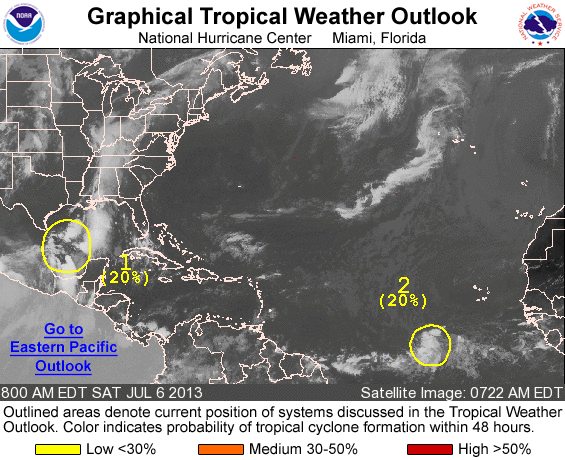
FOR THE NORTH ATLANTIC...CARIBBEAN SEA AND THE GULF OF MEXICO...

1. A SURFACE TROUGH OF LOW PRESSURE IS PRODUCING SHOWERS AND THUNDERSTORMS OVER PORTIONS OF THE WESTERN AND CENTRAL GULF OF MEXICO. THE TROUGH IS EXPECTED TO MOVE GENERALLY NORTHWARD AT 5 TO 10 MPH OVER THE NEXT COUPLE OF DAYS TOWARD THE TEXAS AND LOUISIANA COAST. UPPER-LEVEL WINDS ARE ONLY MARGINALLY CONDUCIVE FOR DEVELOPMENT TO OCCUR...AND THIS SYSTEM HAS A LOW CHANCE...20 PERCENT...OF BECOMING A TROPICAL CYCLONE DURING THE NEXT 48 HOURS. REGARDLESS OF DEVELOPMENT...THIS DISTURBANCE WILL LIKELY PRODUCE PERIODS OF LOCALLY HEAVY RAINFALL AND GUSTY WINDS ACROSS PORTIONS OF TEXAS AND LOUISIANA BY SUNDAY.

2. CLOUDINESS AND THUNDERSTORMS CONTINUE TO SHOW SOME SIGNS OF ORGANIZATION IN ASSOCIATION WITH A TROPICAL WAVE OVER THE FAR EASTERN ATLANTIC ABOUT 800 MILES SOUTHWEST OF THE CAPE VERDE ISLANDS. ENVIRONMENTAL CONDITIONS COULD BE BECOME A LITTLE MORE CONDUCIVE FOR DEVELOPMENT TO OCCUR OVER THE NEXT FEW DAYS WHILE THE DISTURBANCE MOVES WESTWARD AT 15 TO 20 MPH. THIS SYSTEM HAS A LOW CHANCE...20 PERCENT...OF BECOMING A TROPICAL CYCLONE DURING THE NEXT 48 HOURS.

ELSEWHERE...TROPICAL CYCLONE FORMATION IS NOT EXPECTED DURING THE NEXT 48 HOURS.

FORECASTER STEWART